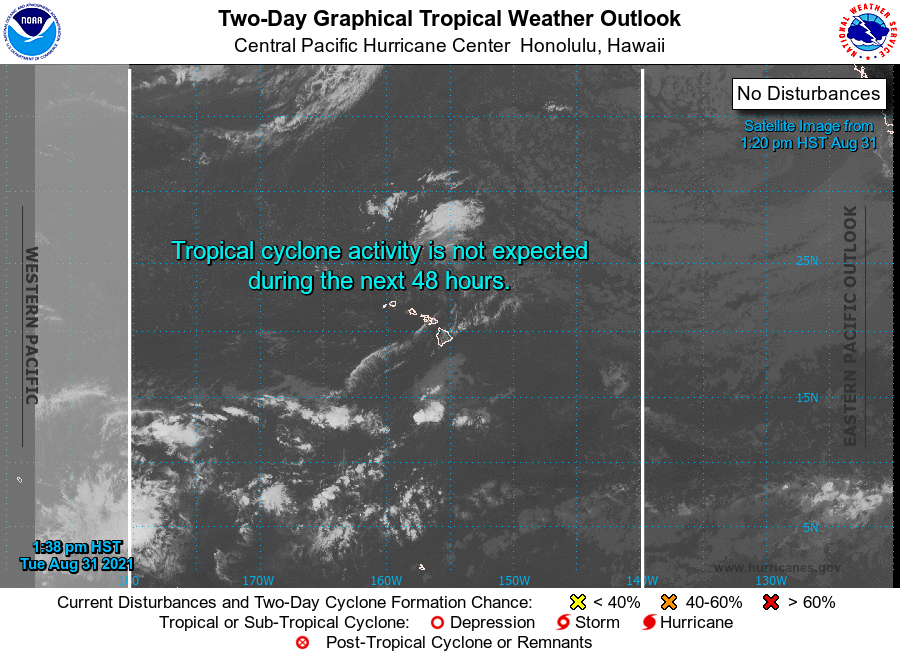
For the central North Pacific...between 140W and 180W:

No tropical cyclones are expected during the next 5 days.

Forecaster Kinel